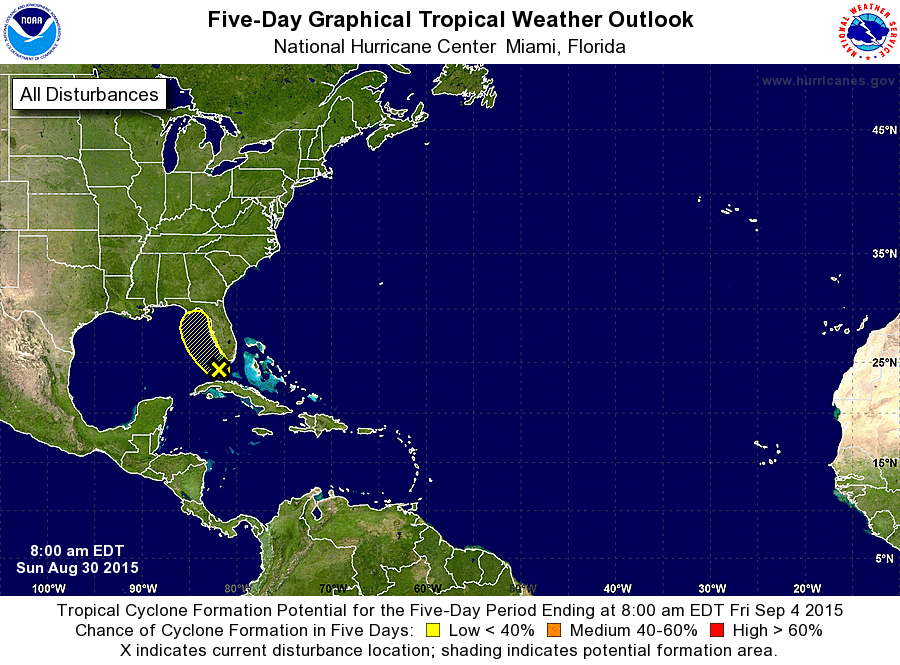
For the North Atlantic...Caribbean Sea and the Gulf of Mexico:

The National Hurricane Center is issuing advisories on recently upgraded Tropical Storm Fred, located a few hundred miles east-southeast of the southernmost Cape Verde Islands in the far eastern Atlantic Ocean.

1. A trough of low pressure associated with the remnants of Erika is producing areas of heavy rain over portions of south Florida, the Florida Keys, and Cuba. Although there are no signs of redevelopment at this time, upper-level winds could become marginally favorable for tropical cyclone formation over the next day or so. Regardless of this system's prospects for regeneration, locally heavy rains and gusty winds are expected to spread northwestward and then northward across Florida and the eastern Gulf of Mexico later today and Monday. Additional information on this system can be found in marine forecasts and local forecast products issued by the National Weather Service and the meteorological service of Cuba.
* Formation chance through 48 hours...low...20 percent
* Formation chance through 5 days...low...30 percent

Public Advisories on Tropical Storm Fred are issued under WMO header WTNT31 KNHC and under AWIPS header MIATCPAT1. Forecast/Advisories on Tropical Storm Fred are issued under WMO header WTNT21 KNHC and under AWIPS header MIATCMAT1.

Forecaster Cangialosi